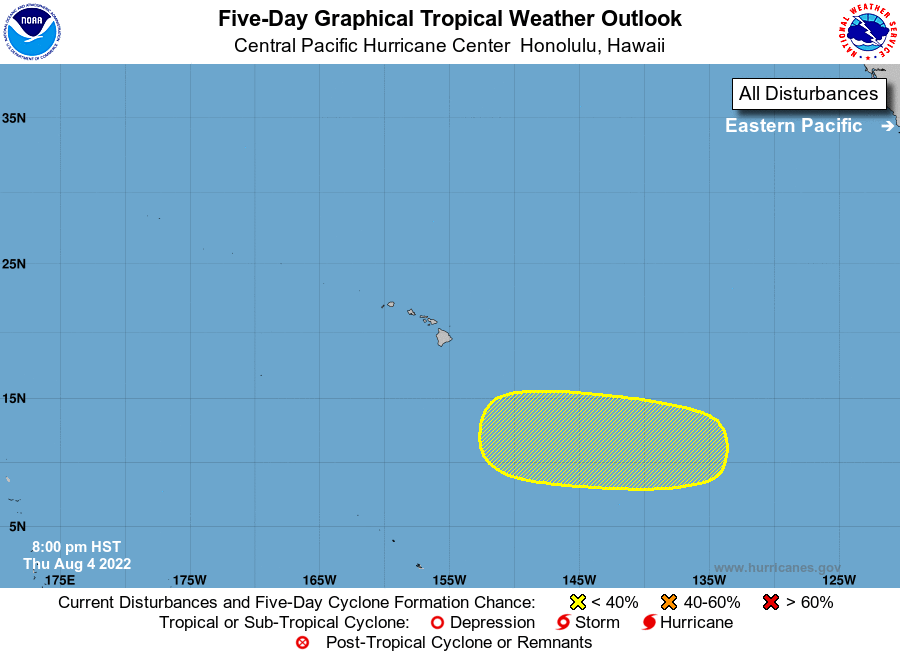
For the central North Pacific...between 140W and 180W:

1. Well Southeast of the Main Hawaiian Islands: An area of low pressure is forecast to form over the far western portion of the eastern Pacific basin by this weekend. Some gradual development of this system is forecast, and a tropical depression could form early next week while it moves westward toward and into the central Pacific basin.
* Formation chance through 48 hours...low...near 0 percent.
* Formation chance through 5 days...medium...50 percent.

Elsewhere, no tropical cyclones are expected during the next 5 days.

Forecaster Bohlin